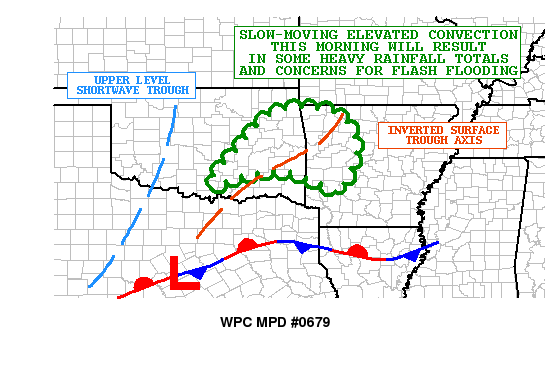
AREAS AFFECTED...EAST-CENTRAL/NORTHEAST
OK...WEST-CENTRAL/NORTHWEST AR

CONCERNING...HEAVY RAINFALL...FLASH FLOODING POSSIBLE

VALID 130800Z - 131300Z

SUMMARY...PERSISTENT SHOWER AND THUNDERSTORM ACTIVITY THROUGH THE
EARLY MORNING HOURS WITH HEAVY RAINFALL MAY RESULT IN SOME FLASH
FLOODING CONCERNS...AND ESPECIALLY WITH RELATIVELY WET ANTECEDENT
CONDITIONS.

DISCUSSION...AN APPROACHING SHORTWAVE TROUGH NOW EJECTING OUT
ACROSS WEST-CENTRAL TX AND EXTENDING NORTHEAST INTO SOUTHWEST OK
IS FACILITATING A STRENGTHENING OF THE LOW TO MID LEVEL WARM
ADVECTION PATTERN ACROSS THE SOUTHERN PLAINS. WELL NORTH OF A
QUASI-STATIONARY FRONT OVER NORTHEAST TX IS PROXIMITY OF AN
INVERTED SURFACE TROUGH THAT CROSSES THE RED RIVER THROUGH
SOUTHEAST OK AND UP INTO NORTHWEST AR. THIS INVERTED TROUGH HAS
BECOME BETTER DEFINED OVER THE LAST COUPLE OF HOURS AND IS
REFLECTIVE OF A STRENGTHENING OF THE ISENTROPIC LIFT OVER THE
REGION.

THE LATEST RADAR TRENDS SHOW HIGHLY ELEVATED CONVECTION BECOMING
MORE FOCUSED/CONCENTRATED OVER AREAS OF EAST-CENTRAL OK AND TO
SOME EXTENT INTO PARTS OF NORTHWEST AR. THE LATEST HRRR GUIDANCE
SUGGESTS SOME EXPANSION OF THE CONVECTION OVER THESE AREAS OVER
THE NEXT FEW HOURS...WITH THE POTENTIAL FOR SOME HIGHLY
CONCENTRATED 3 TO 5 INCH RAINFALL TOTALS THROUGH THE EARLY MORNING
HOURS. GIVEN THE RELATIVELY WET ANTECEDENT CONDITIONS...THIS MAY
BE ENOUGH TO CAUSE SOME SHORT-TERM FLASH FLOOD CONCERNS. WILL
CONTINUE TO MONITOR.